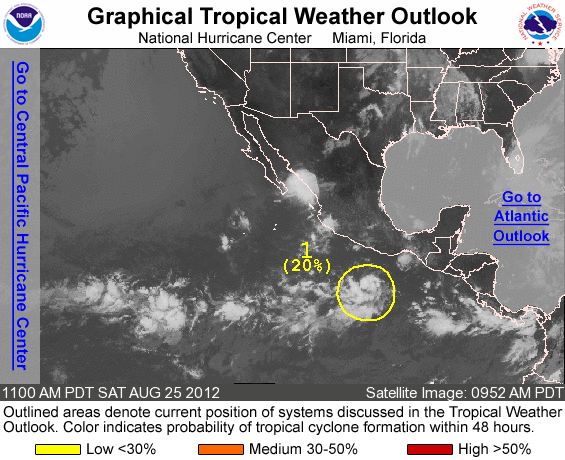
FOR THE EASTERN NORTH PACIFIC...EAST OF 140 DEGREES WEST LONGITUDE..

1. SHOWERS AND THUNDERSTORMS CONTINUE IN ASSOCIATION WITH A WEAK AREA OF LOW PRESSURE LOCATED ABOUT 400 MILES SOUTH-SOUTHEAST OF ACAPULCO MEXICO. SLOW DEVELOPMENT OF THIS LOW IS POSSIBLE DURING THE NEXT COUPLE OF DAYS AS IT MOVES WEST-NORTHWESTWARD AT ABOUT 10 MPH. THIS SYSTEM HAS A LOW CHANCE...20 PERCENT...OF BECOMING A TROPICAL CYCLONE DURING THE NEXT 48 HOURS.

ELSEWHERE...TROPICAL CYCLONE FORMATION IS NOT EXPECTED DURING THE NEXT 48 HOURS.

FORECASTER CANGIALOSI